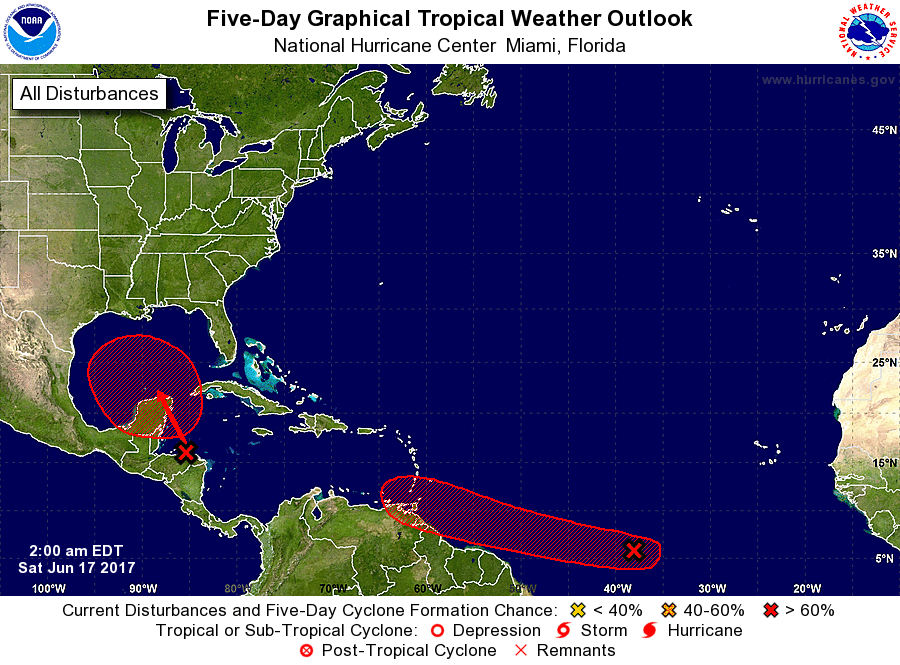
For the North Atlantic...Caribbean Sea and the Gulf of Mexico:

1. A tropical wave located about 1600 miles east-southeast of the southern Windward Islands is producing scattered showers and thunderstorms. This disturbance continues to show signs of organization, and some additional development is possible during the next couple of days before conditions become less favorable for tropical cyclone formation. This system is expected to continue moving toward the west at 15 to 20 mph over the tropical Atlantic during the next several days.
* Formation chance through 48 hours...medium...40 percent.
* Formation chance through 5 days...high...70 percent.

2. A broad trough of low pressure is producing a large area of cloudiness and showers over most of Honduras and the northwestern Caribbean Sea. Conditions appear to be favorable for gradual development of this large disturbance while it moves slowly northwestward across the Yucatan Peninsula this weekend and into the south-central Gulf of Mexico early next week. Regardless of development, heavy rains are likely to spread over portions of Central America, the Yucatan Peninsula, and western Cuba during the next several days.
* Formation chance through 48 hours...low...20 percent.
* Formation chance through 5 days...high...70 percent.

Forecaster Stewart